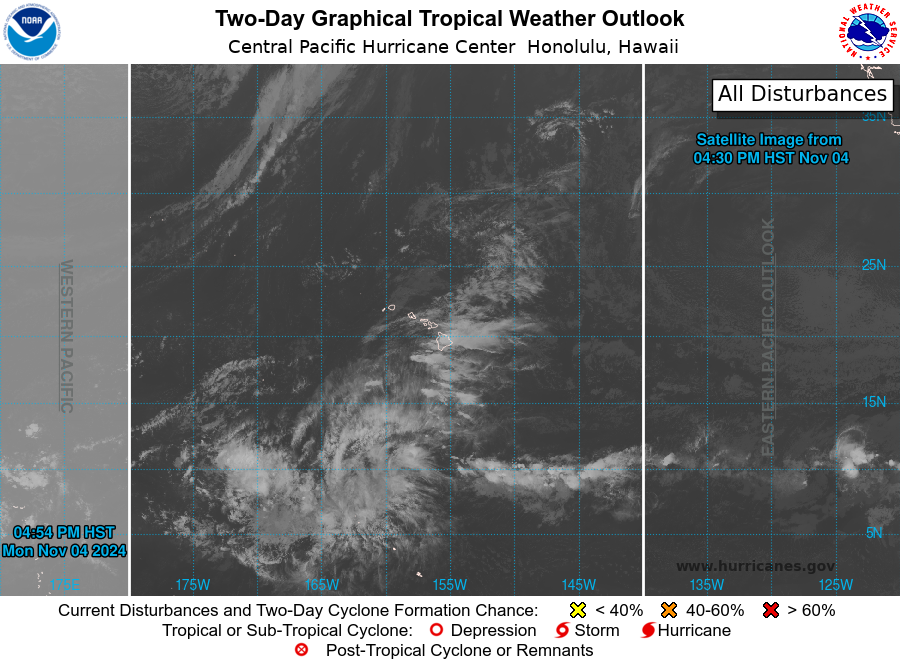
For the central North Pacific...between 140W and 180W:

No tropical cyclones are expected during the next 7 days.

Forecaster Bedal/Birchard